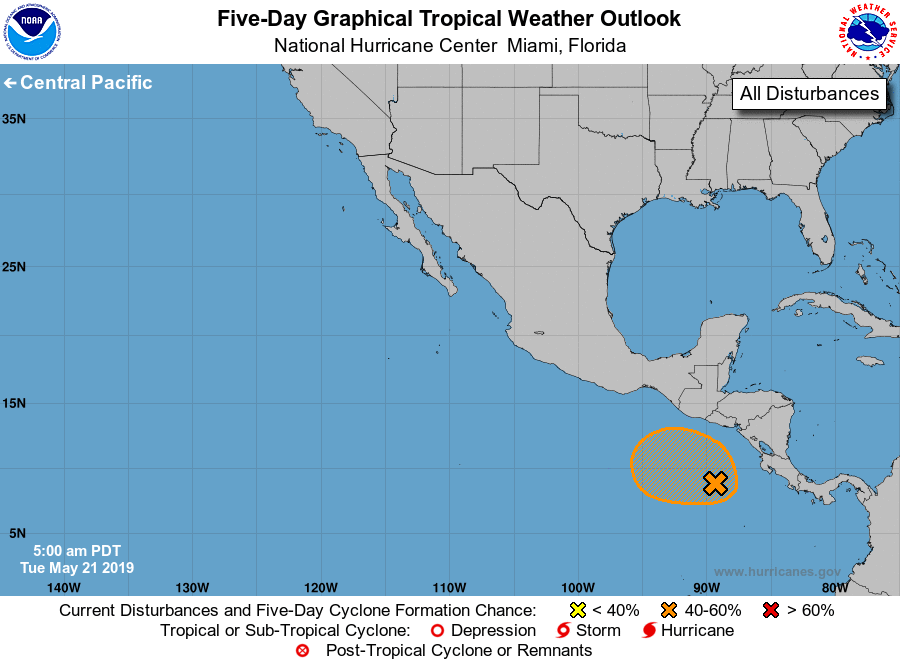
For the eastern North Pacific...east of 140 degrees west longitude:

1. Disorganized showers and thunderstorms continue in association with a broad area of low pressure located a few hundred miles south of Guatemala and El Salvador. Some gradual development of this system is possible later this week while the disturbance meanders over the far eastern North Pacific.
* Formation chance through 48 hours...low...10 percent.
* Formation chance through 5 days...medium...50 percent.

Forecaster Roberts